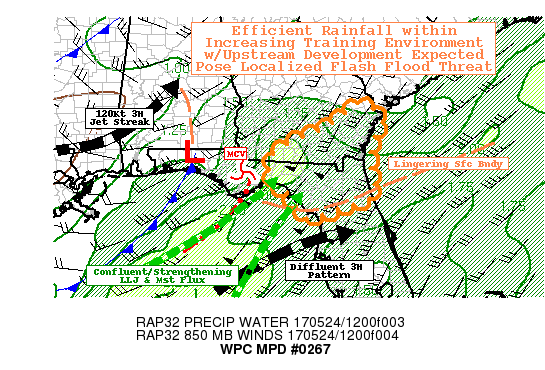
AREAS AFFECTED...SOUTHERN GA...NORTHERN FL

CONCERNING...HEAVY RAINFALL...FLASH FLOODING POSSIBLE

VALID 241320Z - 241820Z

SUMMARY...INITIAL HEAVY RAINFALL CONVECTION SETTING THE STAGE FOR
POTENTIAL TRAINING CONVECTION THAT WILL INCREASE IN RAINFALL
EFFICIENCY IN THE EARLY AFTERNOON AND  POSE A THREAT FOR LOCALIZED
FLASH FLOODING.

DISCUSSION...EXPERIMENTAL GOES-16 AND GOES-E WV LOOPS DEPICT A
MATURE/DEEP CYCLONE OVER THE CENTRAL MS RIVER VALLEY LIFTING INTO
THE LOWER TN RIVER VALLEY WITH UNDERCUTTING DRY SLOT/SWLY UPPER
LEVEL JET STREAK CROSSING CENTRAL MS/AL ATTM.  A FAIRLY FLAT
SUBTROPICAL JET EXISTS AS WELL OVER THE CENTRAL GULF...ALL
APPROACHING AN INCREASINGLY DIFFLUENT UPPER LEVEL REGION ACROSS
THE SOUTHEAST.  THIS COMBINATION IS CURRENTLY PROVIDING A LARGE
AREA OF STRONG DIVERGENCE/UPPER LEVEL EVACUATION SUPPORTING UVV.

IN THE LOWER LEVELS THE FORCING IS QUITE STRONG AND EXPECTED TO
INCREASE WITH THE SWLY LLJ REACHING 50-60KTS AROUND 14Z TOWARD THE
CEDAR KEY REGION....ADDITIONALLY THE LOW LEVEL FLOW IS QUITE
CONFLUENT THROUGH THE REGION AS WELL SUPPORTING MST FLUX
CONVERGENCE STEADILY INCREASING TPW OVER 2.0 TO 2.25" TOWARD 17Z
PROVIDING AMPLE INSTABILITY (OVER 2000 J/KG) FOR CONTINUED
CONVECTIVE GROWTH AND INCREASED RAINFALL EFFICIENCY...POTENTIALLY
SUPPORTING RAIN RATES OVER 3"/HR TOWARD 18Z.

CURRENTLY FOCUSING MECHANISMS ARE ALSO PLENTY WITH A WEAK SURFACE
WAVE AT THE BASE OF SFC TROF NE OF VPS WITH A COLD FRONT EXTENDING
WSW FROM IT.  A LINGERING SFC TROF THAT HAS PROVIDED ACTIVATION OF
MORE DISCRETE CELLS EXTENDS ACROSS THE NORTHERN FL PENINSULA FROM
SGJ TO S OF CTY INTERSECTING WITH THE APPROACHING COLD FRONT SOUTH
OF CAPE ST. GEORGE ISLAND; CONVECTION ALONG THIS BAND CONTINUES TO
DEVELOP/COOL UNDER THE UPPER LEVEL EVACUATION BUT IS ALSO STARTING
TO LIFT NORTHWARD UNDER THE INFLUENCE OF THE APPROACHING HEIGHT
FALLS.  TO EXACERBATE THE DEVELOPMENT...STRONG SWLY SURFACE FLOW
ALONG THE NORTHEAST GULF COASTLINE LEADS TO FRICTIONAL CONVERGENCE
ACTIVATING SHALLOWER CELLS WITH CONTINUED REDEVELOPMENT GIVEN
STATIONARY FORCING AT THE COAST...ALLOWING RAINFALL TOTALS TO
SLIGHTLY ENHANCED THERE AS WELL.

SO THE ENVIRONMENT PARAMETERS ARE IDEAL FOR CONVECTION AND
EFFICIENT RAINFALL THOUGH LIMITING FACTOR WILL BE THE DURATION OF
THE HEAVY RAINFALL.  DUE TO STRONG FLOW...INDIVIDUAL CELL MOTIONS
WILL BE QUICK AT 40-50KTS LIMITING TOTALS WELL BELOW THE VERY HIGH
(OVER 3"/1HR AND 4"/3HR) FFG VALUES IN THE VICINITY.  THOUGH WITH
INCREASING UNIDIRECTIONAL FLOW AS THE MAIN UPPER LEVEL FORCING
DPVA/JET LIFTS PARALLEL TO THE ORIENTATION OF CELL MOTION. THIS
WILL FAVOR THE POTENTIAL FOR SOLID UPSTREAM REDEVELOPMENT
PARTICULARLY FROM APALACHEE BAY AND I-10 NORTHWARD ACROSS S
GA...SUPPORTED BY RECENT HRRR, 06Z NAM-CONEST AND RECENT RAP
SOLUTIONS WITH TRAINING CONVECTION AND WITH RATES UP TO 3"/HR
ISOLATED FLOODING CONCERN CANNOT BE RULED OUT (PARTICULARLY AFTER
18Z).  STILL  CANNOT RULE OUT SOME COLD POOL GENERATION AND WITH
DEEPER MOISTURE/INSTABILITY SOUTH...FOCUS TRAINING BOUNDARY
FURTHER SOUTH TOWARD CEDAR KEY.